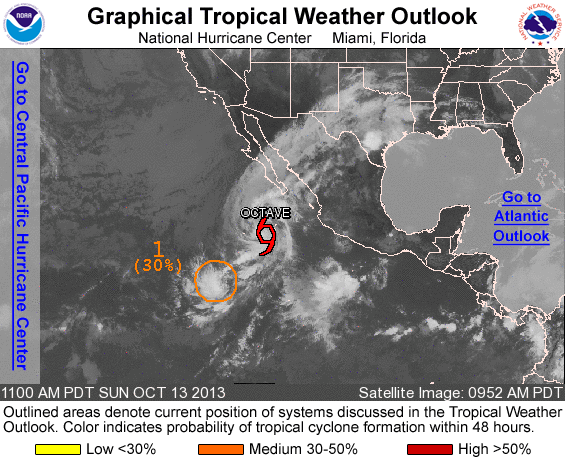
FOR THE EASTERN NORTH PACIFIC...EAST OF 140 DEGREES WEST LONGITUDE..

THE NATIONAL HURRICANE CENTER IS ISSUING ADVISORIES ON TROPICAL STORM OCTAVE...LOCATED SOUTH-SOUTHWEST OF THE SOUTHERN TIP OF THE BAJA CALIFORNIA PENINSULA.

1. A NEARLY STATIONARY LOW PRESSURE SYSTEM IS LOCATED ABOUT 850 MILES SOUTHWEST OF THE SOUTHERN TIP OF THE BAJA CALIFORNIA PENINSULA. ALTHOUGH SHOWER ACTIVITY HAS BECOME SLIGHTLY BETTER ORGANIZED DURING THE PAST SEVERAL HOURS...ANY FURTHER DEVELOPMENT OF THIS DISTURBANCE SHOULD BE SLOW TO OCCUR DUE TO ITS PROXIMITY TO TROPICAL STORM OCTAVE. THIS SYSTEM HAS A MEDIUM CHANCE...30 PERCENT...OF BECOMING A TROPICAL CYCLONE DURING THE NEXT 48 HOURS...AND A MEDIUM CHANCE...30 PERCENT...OF BECOMING A TROPICAL CYCLONE DURING THE NEXT FIVE DAYS WHILE IT MOVES SLOWLY NORTHWARD OR NORTHEASTWARD.

PUBLIC ADVISORIES ON TROPICAL STORM OCTAVE ARE ISSUED UNDER WMO HEADER WTPZ35 KNHC AND UNDER AWIPS HEADER MIATCPEP5. FORECAST/ADVISORIES ON TROPICAL STORM OCTAVE ARE ISSUED UNDER WMO HEADER WTPZ25 KNHC AND UNDER AWIPS HEADER MIATCMEP5.

FIVE-DAY FORMATION PROBABILITIES ARE EXPERIMENTAL IN 2013. COMMENTS ON THE EXPERIMENTAL FORECASTS CAN BE PROVIDED AT...

HTTP://WWW.NWS.NOAA.GOV/SURVEY/NWS-SURVEY.PHP?CODE=ETWO

FORECASTER STEWART